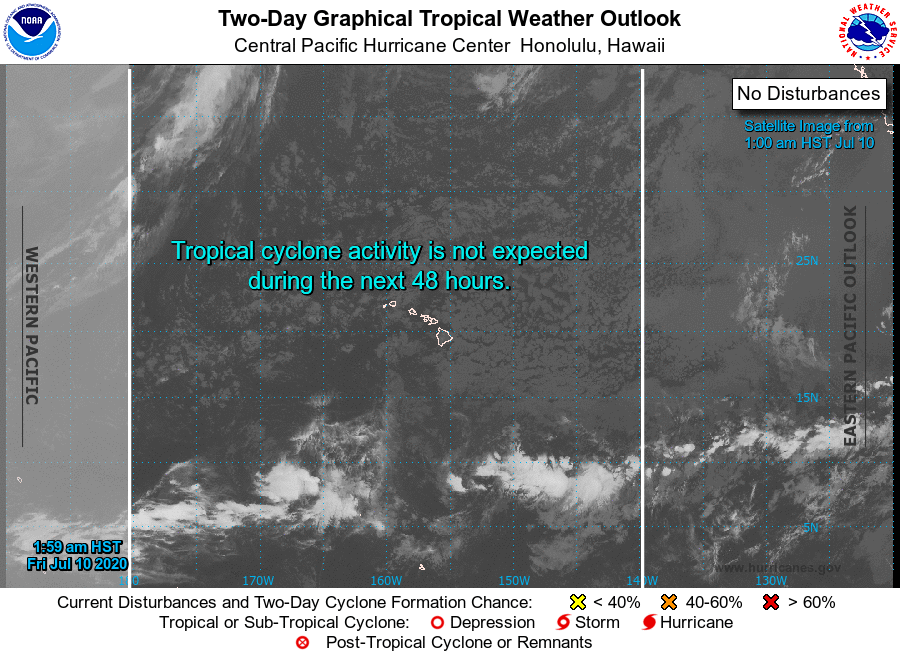
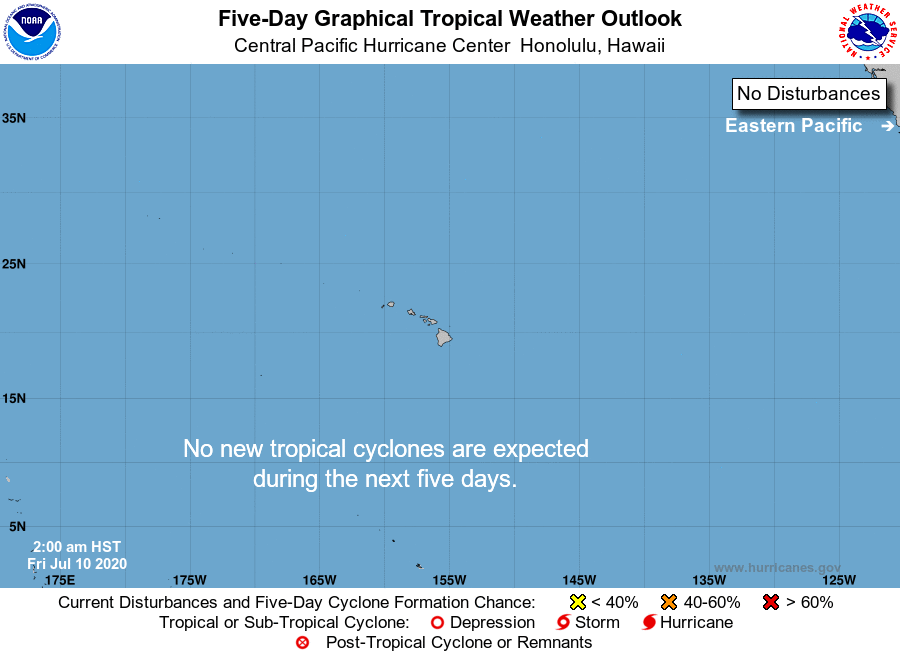
For the central North Pacific...between 140W and 180W:

No tropical cyclones are expected during the next 5 days.

Forecaster Powell